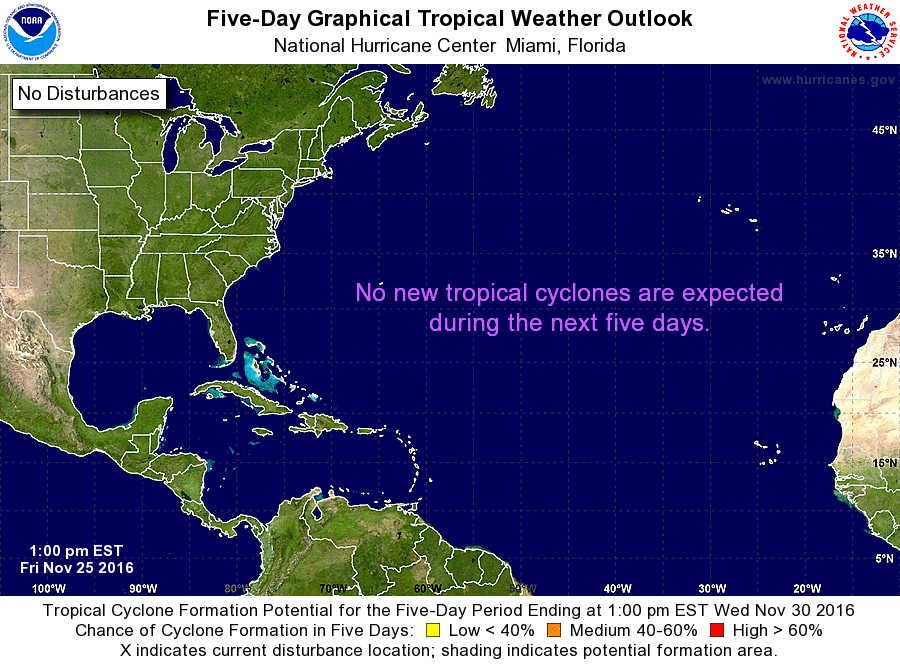
For the North Atlantic...Caribbean Sea and the Gulf of Mexico:

Tropical cyclone formation is not expected during the next 5 days.

Forecaster Stewart